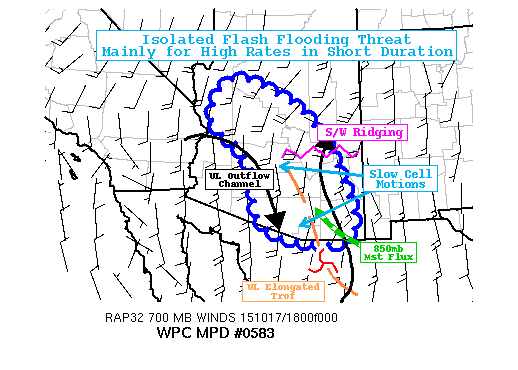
AREAS AFFECTED...ARIZONA

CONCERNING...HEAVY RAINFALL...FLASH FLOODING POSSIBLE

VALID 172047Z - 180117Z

SUMMARY...OVERALL CONVECTIVE COVERAGE AND INTENSITY INCREASING
WITH SOME SLOW CELL MOTIONS CAPABLE OF ISOLATED TOTALS CAPABLE OF
LOCALIZED FLASH FLOODING

DISCUSSION...VISIBLE AND IR IMAGERY SHOW INCREASING TCU AND CBS
NORTH AND EAST OF AN ELONGATED NW TO SE UPPER LEVEL CYCLONE WITH
THE APEX NEAR PHX EXTENDING INTO E SONORA. THIS HAS ALLOWED FOR A
SHORTWAVE RIDGE NEAR THIS APEX EXTENDING NEARLY EAST.  THIS ALLOWS
FOR A COL IN FLOW FOR SLOW MOVING CELLS AS WELL AS A NARROW
OUTFLOW CHANNEL TOWARD THE SOUTH FOR ACTIVE CONVECTION OVER SE
MOHAVE/NE LA PAZ COUNTY...TO MAINTAIN MODERATE UVVS FOR ADDITIONAL
CONVECTION TO DEVELOP UPSTREAM AS THE LOW LEVEL CORES MOVE
NORTHWARD...THOUGH THIS INCREASED VERTICAL TILT TO THE CONVECTION
SHOULD MODERATE CELL EFFICIENCY FOR HIGH TOTALS UNLESS UPSTREAM
DEVELOP REDEVELOPS OR TRAINS OVER THE SAME TRACKS...WHICH APPEARS
A BIT UNLIKELY BUT NOT OUT OF THE REALM OF POSSIBILITY FOR SOME
SPARSE TOTALS IN EXCESS OF 1.5".

FURTHER SOUTHEAST OVER SOUTHERN AND SE ARIZONA...STRENGTHENING LOW
LEVEL FLOW FROM THE EAST WITH 20-25KTS AT 85H FROM THE ESE AND
15-20KTS OF S 7H FLOW...LEADS TO MODERATE MOISTURE FLUX AND DEEP
MOISTURE CONVERGENCE...FROM SANTA CRUZ/E PIMA INTO PINAL COUNTIES.
 UPPER LEVEL DIVERGENCE IS MAXIMIZED IN THIS LOCATION PER RAP
ANALYSIS AS THE TILT OF THE TROF IS NEGATIVE.  AT THIS TIME
SBCAPES ARE INCREASING TO THE 1000-1500 J/KG RANGE PER GOES
SOUNDER WITH A BIT OF CONTINUED WEAK CINH.  AT THIS TIME COOLING
AND HIGH DIFFERENTIAL VERTICAL THETA-E AIR/STEEP LAPSE RATES ARE A
LIMITING FACTOR WITH A HIGH PROBABILITY OF COLD POOLS/DOWNDRAFT
DOMINANCE. BEST MOISTURE TO SUPPORT MORE SUSTAINED UPDRAFTS ARE
LIKELY TO BE FURTHER SOUTHEAST INTO MEXICO BUT SHORT BURST RATES
WITH TOTALS OF .75-1.25" IN A SHORT DURATION COULD POSE ISOLATED
FLASH FLOODING THREATS IN THIS VICINITY AS WELL.

HI-RES MODELS CONTINUE TO SUPPORT THIS IDEA OF SCATTERED/ISOLATED
HIGH TOTALS IN THE 1-2" RANGE CAPABLE OF FLASH FLOODING. OVERALL
CONFIDENCE IN PIN POINTING EXACT LOCATIONS OR LARGER AREAL THREAT
IS FAIRLY LOW.

PLEASE REFER TO SPENES ISSUED AT 1714Z FOR ADDITIONAL DETAILS